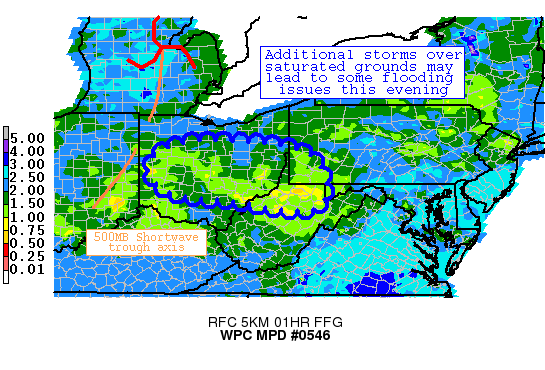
AREAS AFFECTED...CENTRAL OHIO...SW PENNSYLVANIA...N WEST VIRGINIA

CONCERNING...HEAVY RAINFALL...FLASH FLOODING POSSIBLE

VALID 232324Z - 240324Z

SUMMARY...RAINFALL RATES OF 1-2 INCHES PER HOUR WITH PERIODS OF
TRAINING WILL POSE A FLASH FLOOD THREAT FROM CENTRAL OHIO TO
NORTHERN WEST VIRGINIA THIS EVENING.  MUCH OF THIS REGION HAS
SATURATED GROUNDS FROM PREVIOUS RAIN.

DISCUSSION...2300Z REGIONAL RADARS SHOWED MULTIPLE ROUNDS OF HEAVY
SHOWERS AND THUNDERSTORMS MOVING SLOWLY TOWARDS THE SOUTHEAST
ACROSS CENTRAL OHIO.  RADAR ESTIMATES OF 1.5 TO 2 INCHES PER HOUR
IS CURRENTLY BEING INDICATED.  RAP ANALYSES AND GPS DATA INDICATE
A MOIST AIRMASS WITH PWS ON THE ORDER OF 1.6 TO 1.9 INCHES ALONG
WITH 1000 TO 1500 J/KG OF MLCAPE.  THERE IS ALSO SOME SYNOPTIC
SCALE LIFT WITH AN APPROACHING SHORTWAVE TROUGH TO THE WEST AND
RIGHT ENTRANCE JET DYNAMICS OVERHEAD WITH A 90KT JET STREAK JUST
NORTH OF THE REGION.

RECENT RUNS OF THE HRRR AND HRRR EXPERIMENTAL ARE SUGGESTING THE
POTENTIAL OF 1 TO LOCALLY 2 INCHES OF RAINFALL THROUGH 11:30 PM.
GIVEN RECENT RADAR TRENDS OVER OHIO, IT IS POSSIBLE THAT A FEW
ISOLATED LOCATIONS COULD GET IN EXCESS OF 2 INCHES OF RAINFALL BY
THAT TIME.  THE GREATEST FLOODING POTENTIAL EXISTS OVER AREAS THAT
HAVE RECEIVED HEAVY RAINFALL OVER THE PAST TWO DAYS, WITH SOME
LOCATIONS HAVING FLASH FLOOD GUIDANCE VALUES UNDER ONE INCH PER
ONE HOUR PERIOD.